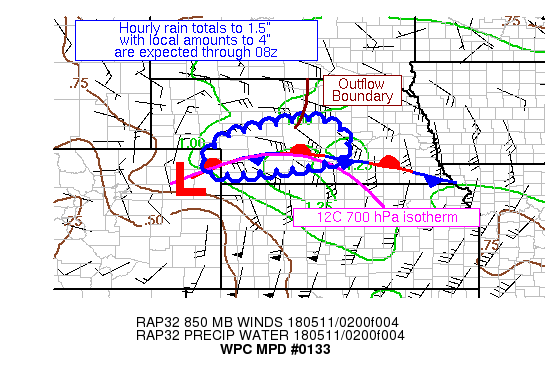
AREAS AFFECTED...SOUTHERN & CENTRAL NE

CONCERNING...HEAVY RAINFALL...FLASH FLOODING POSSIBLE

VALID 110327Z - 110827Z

SUMMARY...THUNDERSTORMS ARE SHOWING MORE POTENTIAL FOR TRAINING
ACROSS SOUTHWEST NE AS OF LATE.  HOURLY RAIN TOTALS TO 1.5" WITH
LOCAL AMOUNTS TO 4" ARE POSSIBLE THROUGH 08Z.

DISCUSSION...SATELLITE IMAGERY INDICATES THAT THE BREADTH OF THE
COLD CLOUD TOPS ASSOCIATED WITH A CONVECTIVE COMPLEX ACROSS NE IS
CLOSE TO MCC CRITERIA.  AN OUTFLOW BOUNDARY/SQUALL LINE APPEARS TO
BE WEAKENING AS IT ENTERS CENTRAL NE.  BETWEEN THE WEAKENING TREND
IN CENTRAL NE AND A LOW PRESSURE SYSTEM HANGING BACK ACROSS
EASTERN CO, CONVECTION APPEARS TO BE ATTEMPTING TO TRAIN ACROSS
SOUTHWEST NE AS OF LATE AND RADAR INDICATED RAIN RATES ARE ON THE
RISE.  THE 12C ISOTHERM AT 700 HPA APPEARS TO BE ACTING AS THE
SOUTHERN LIMIT FOR CONVECTION.  INFLOW AT 850 HPA IS
SOUTH-SOUTHEAST AT 50-55 KTS PER THE GOODLAND KS VAD WIND PROFILE.
 EFFECTIVE BULK SHEAR IS 50+ KTS AND UPSTREAM MU CAPE VALUES OF
2000-3000 J/KG HAVE BEEN ANALYZED ACROSS NORTHEAST CO AND NEAR THE
WESTERN KS/NE BORDER PER SPC MESOANALYSES.  PRECIPITABLE WATER
VALUES WERE ~1" IN THE NORTH PLATTE NE SOUNDING AT 00Z, AND RECENT
RAP RUNS SUGGEST A LOCAL MAXIMUM OF 1.25"+ MAY EXIST WITHIN THE
CONVECTIVE AREA.

THE MESOSCALE GUIDANCE APPEARS TO BE HANDLING THE CONVECTIVE
EVOLUTION IN THIS AREA WELL.  THE GALVEZ-DAVISON INSTABILITY INDEX
IMPLIES CONVECTIVE COVERAGE SHOULD BE STEADY STATE THROUGH 06Z
BEFORE SLOWLY FADING THEREAFTER.  EXPECTATIONS ARE FOR THE
CONVECTION TO EVENTUALLY SHIFT EASTWARD, AROUND 08Z, ACROSS THE
REGION AS THE SURFACE LOW PULLS EASTWARD INTO KS.  INFLOW AT 850
HPA IS ALSO EXPECTED TO WEAKEN SOMEWHAT NEAR THE FRONTAL BOUNDARY
AT AND BEYOND 08Z.  AS IT DOES SO, 850 HPA INFLOW VEERS WITH TIME
WHICH SHOULD CAUSE AN EASTWARD SHIFT TO THE CONVECTION.
CONVECTIVE PROPAGATION VECTORS INDICATE EASTWARD MOVEMENT AT 20
KTS, THOUGH RADAR IMAGERY INDICATES A MOVEMENT OF 25-30 KTS IS
MORE REPRESENTATIVE.  CELL TRAINING/MERGERS ARE EXPECTED TO LEAD
TO HOURLY RAIN TOTALS TO 1.5" WITH LOCAL AMOUNTS TO 4".  THIS
COULD EXCEED THE THREE HOURLY FLASH FLOOD GUIDANCE VALUES, BUT IN
GENERAL, THE RAIN IS EXPECTED TO HELP RELIEVE DROUGHT CONDITIONS.